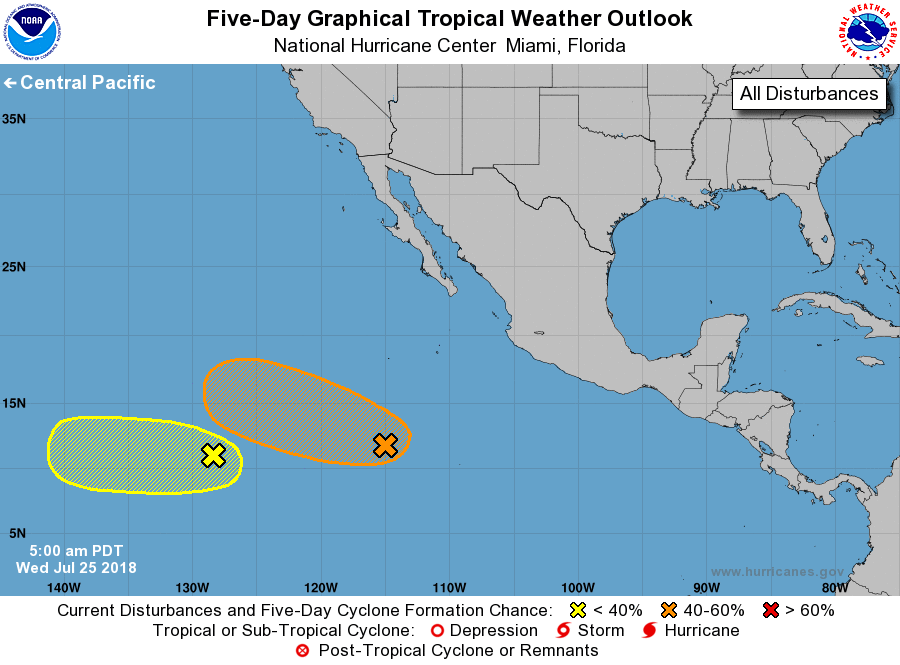
For the eastern North Pacific...east of 140 degrees west longitude:

1. A disorganized area of disturbed weather associated with a trough of low pressure is moving westward, and is now located several hundred miles south-southwest of the southern tip of the Baja California peninsula. Conditions are expected to become favorable for gradual development during the next few days while the system moves toward the west or west-northwest away from the coast of Mexico.
* Formation chance through 48 hours...low...20 percent.
* Formation chance through 5 days...medium...40 percent.

2. A small area of low pressure accompanied by limited shower activity is located around 1450 miles southwest of the southern tip of the Baja California peninsula. Some development is possible today or tomorrow. Afterward, environmental conditions are expected to become unfavorable for tropical cyclone formation as the system moves generally westward.
* Formation chance through 48 hours...low...10 percent.
* Formation chance through 5 days...low...20 percent.

Forecaster Avila